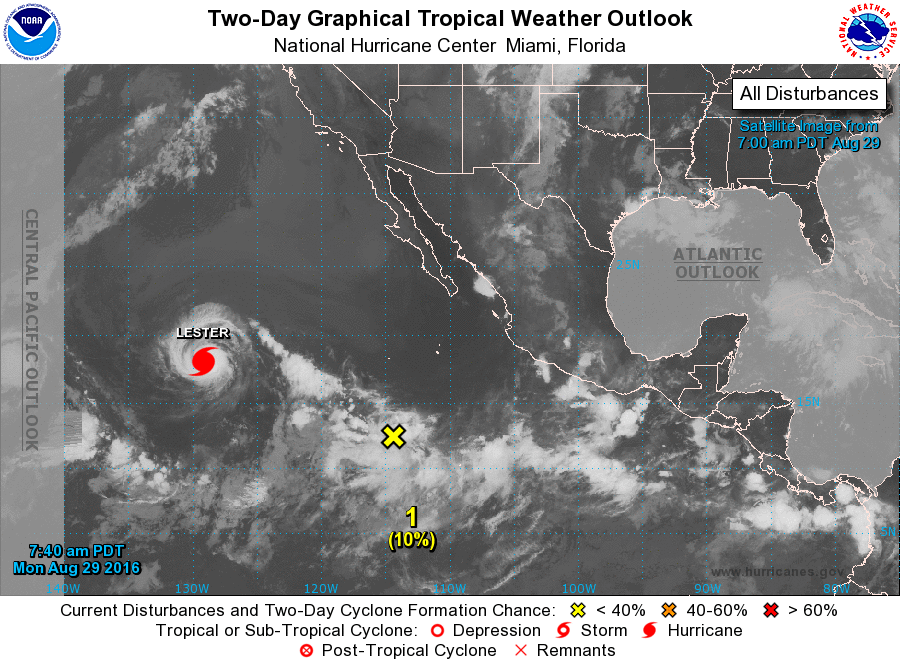
For the eastern North Pacific...east of 140 degrees west longitude:

The National Hurricane Center is issuing advisories on Hurricane Lester, located over a thousand miles west-southwest of the southern tip of the Baja California peninsula.

1. A large area of disorganized cloudiness and showers is located several hundred miles south-southwest of the southern tip of the Baja California peninsula. Any development of this system is expected to be slow to occur while it moves slowly westward or west-northwestward during the next few days.
* Formation chance through 48 hours...low...10 percent
* Formation chance through 5 days...low...30 percent

2. An area of low pressure is expected to form later this week a few hundred miles south or southeast of Acapulco, Mexico. Environmental conditions appear conducive for slow development of this system while it moves west-northwestward or northwestward.
* Formation chance through 48 hours...low...near 0 percent
* Formation chance through 5 days...medium...40 percent

Forecaster Roberts